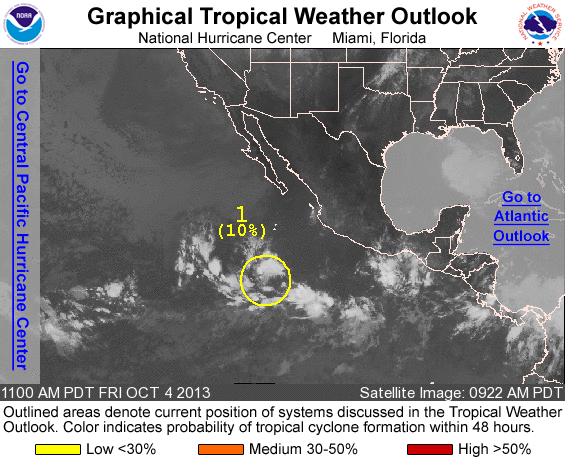
FOR THE EASTERN NORTH PACIFIC...EAST OF 140 DEGREES WEST LONGITUDE..

1. A BROAD AREA OF LOW PRESSURE LOCATED ABOUT 700 MILES SOUTH OF THE SOUTHERN TIP OF THE BAJA CALIFORNIA PENINSULA CONTINUES TO PRODUCE DISORGANIZED SHOWERS AND THUNDERSTORMS. DEVELOPMENT...IF ANY...OF THIS DISTURBANCE SHOULD BE SLOW TO OCCUR DURING THE NEXT SEVERAL DAYS WHILE IT MOVES GENERALLY WESTWARD AT ABOUT 10 MPH. THIS SYSTEM HAS A LOW CHANCE...10 PERCENT...OF BECOMING A TROPICAL CYCLONE DURING THE NEXT 48 HOURS...AND A LOW CHANCE...20 PERCENT... OF BECOMING A TROPICAL CYCLONE DURING THE NEXT 5 DAYS.

FIVE-DAY FORMATION PROBABILITIES ARE EXPERIMENTAL IN 2013. COMMENTS ON THE EXPERIMENTAL FORECASTS CAN BE PROVIDED AT...

HTTP://WWW.NWS.NOAA.GOV/SURVEY/NWS-SURVEY.PHP?CODE=ETWO

FORECASTER BLAKE